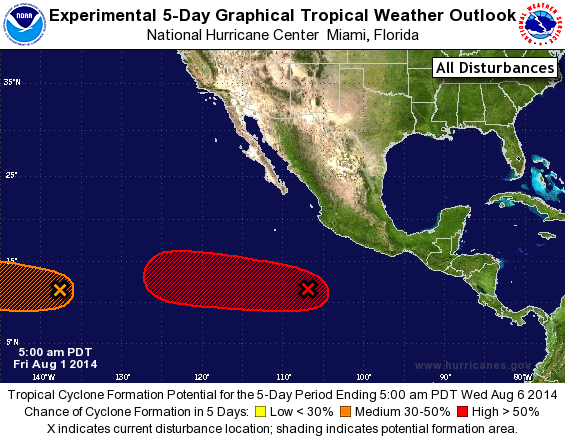
For the eastern North Pacific...east of 140 degrees west longitude:

The National Hurricane Center is issuing advisories on Tropical Storm Iselle, located more than a thousand miles west-southwest of the southern tip of the Baja California peninsula.

1. A tropical wave is producing disorganized showers and thunderstorms several hundred miles south-southwest of Manzanillo, Mexico. Environmental conditions are conducive for gradual development of this system during the next several days while it moves westward at 10 mph.
* Formation chance through 48 hours...medium...30 percent.
* Formation chance through 5 days...high...70 percent.

2. An area of low pressure located about 1275 miles east-southeast of the Big Island of Hawaii is producing minimal shower activity. Upper-level winds are currently not conducive for development, but they could become a little more favorable in a few days while the low moves westward at around 10 mph.
* Formation chance through 48 hours...low...10 percent.
* Formation chance through 5 days...medium...30 percent.

Public Advisories on Iselle are issued under WMO header WTPZ34 KNHC and under AWIPS header MIATCPEP4. Forecast/Advisories on Iselle are issued under WMO header WTPZ24 KNHC and under AWIPS header MIATCMEP4.

Forecaster Berg